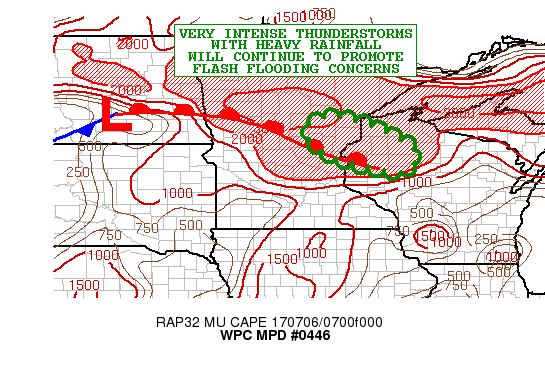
AREAS AFFECTED...EASTERN MN...NORTHWEST WI

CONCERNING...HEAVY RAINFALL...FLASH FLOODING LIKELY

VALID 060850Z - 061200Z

SUMMARY...CLUSTER OF SLOW-MOVING THUNDERSTORMS WITH INTENSE
RAINFALL RATE MAY PERSIST FOR A COUPLE MORE HOURS BEFORE THEN
ADVANCING SOUTHEAST. ADDITIONAL FLASH FLOODING IS LIKELY.

DISCUSSION...A CLUSTER OF VERY COLD-TOPPED THUNDERSTORMS OUT AHEAD
OF A PROGRESSIVE UPSTREAM MCS IS IMPACTING PORTIONS OF EASTERN MN
WITH A STRONG FOCUS ON KANABEC AND AITKIN COUNTIES. ALREADY VERY
HEAVY RAINS HAVE OCCURRED AND ADDITIONAL HEAVY RAINFALL IS
EXPECTED OVER THE NEXT 1 TO 2 HOURS WITH A GRADUAL TENDENCY FOR
THE CONVECTIVE CLUSTER TO ADVANCE SOUTHEAST AND JUST TO THE
NORTHEAST OF A WARM FRONT.

THE AIRMASS POOLED ALONG THE WARM FRONT IS QUITE UNSTABLE AND
MOIST WHICH IS PROVIDING A THERMODYNAMICALLY FAVORABLE ENVIRONMENT
FOR CONVECTION. MEANWHILE...WARM ADVECTION IS BEING SUSTAINED WITH
SOUTHWEST FLOW OUT AHEAD OF AN UPSTREAM SHORTWAVE TROUGH AND WAVE
OF LOW PRESSURE ACROSS CENTRAL ND.

THE LATEST AVAILABLE HIRES GUIDANCE IS DOING A TERRIBLE JOB IN
HANDLING THE CONVECTIVE EVOLUTION ACROSS THE REGION HERE...WITH
THE ARW/NMMB SOLUTIONS TOO FAR NORTH...AND EVEN THE HRRR GUIDANCE
TOO LIGHT WITH ITS AMOUNTS.

THE CONVECTION WILL STILL IMPACT AREAS OF EASTERN MN FOR ANOTHER 1
TO 2 HOURS...BUT SHOULD ADVANCE SOUTHEAST INTO PARTS OF NORTHWEST
WI TOO AND GENERALLY ALONG AND JUST NORTH OF THE WARM FRONT.
EXPECT RAINFALL RATES OF UP TO 2.5 INCHES/HR...WITH STORM TOTALS
LOCALLY IN EXCESS OF 5+ INCHES WHERE THE STORMS TEND TO HANG UP
AND BACKBUILD OVER THE SAME AREA GIVEN THE FAVORABLY
MOIST/UNSTABLE SOUTHWEST FLOW INTERACTING WITH THE FRONT. THE
UPSTREAM MCS ARRIVING FROM NORTHWEST MN WILL EVENTUALLY MERGE WITH
THE CONVECTIVE CLUSTER ALONG THE WARM FRONT...AND THIS WILL
CONTRIBUTE TO SOME CELL MERGER ACTIVITY WITH FURTHER ENHANCED
RAINFALL RATES POSSIBLE. EXPECT ADDITIONAL FLASH FLOODING CONCERNS
AS A RESULT OVER THE THREAT AREA.